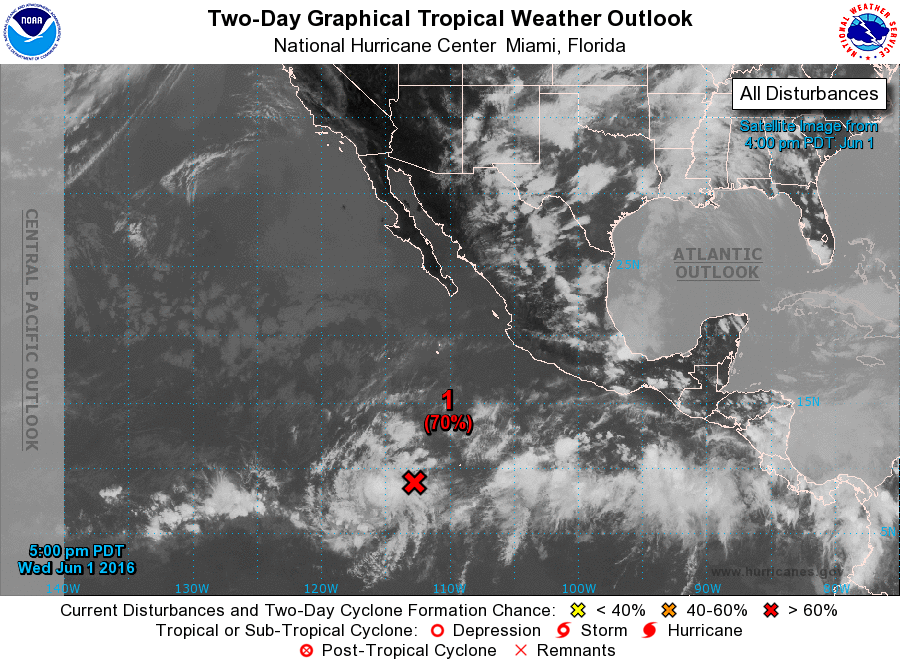
For the eastern North Pacific...east of 140 degrees west longitude:

1. Showers and thunderstorms associated with a broad area of low pressure located about 1000 miles south-southwest of the southern tip of the Baja California peninsula have become a little more concentrated during the past 24 hours, but the low does not have a well-defined center of circulation. Environmental conditions are expected to be conducive for development, and a tropical depression is likely to form during the next couple of days while the disturbance moves west-northwestward at 10 to 15 mph.
* Formation chance through 48 hours...high...70 percent
* Formation chance through 5 days...high...90 percent

Forecaster Brown